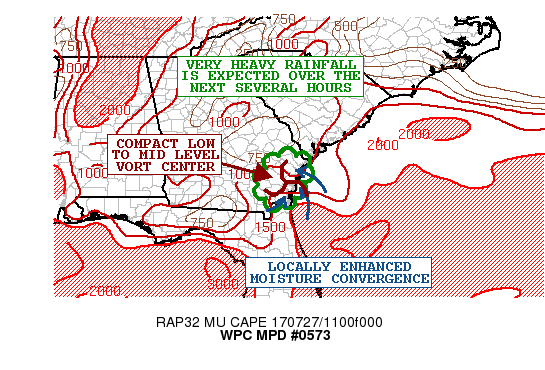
AREAS AFFECTED...SOUTHEAST GA

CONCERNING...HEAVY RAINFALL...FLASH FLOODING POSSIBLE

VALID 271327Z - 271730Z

SUMMARY...A SMALL CLUSTER OF SLOW-MOVING SHOWERS AND THUNDERSTORMS
HAS BEEN DEVELOPING AND EXPANDING IN COVERAGE OVER THE LAST COUPLE
OF HOURS. SOME FURTHER ORGANIZATION IS EXPECTED OVER THE NEXT FEW
HOURS...AND VERY HEAVY RAINFALL AMOUNTS WILL BE POSSIBLE. EXPECT
SOME FLASH FLOODING AND/OR RUNOFF PROBLEMS TO BE POSSIBLE AS A
RESULT.

DISCUSSION...A RATHER COMPACT LOW TO MID LEVEL VORT
CENTER/CIRCULATION OVER SOUTHEAST GA HAS BECOME CONVECTIVELY
ACTIVE OVER THE TWO HOURS AND IS EXPECTED TO GAIN SOME ADDITIONAL
CONVECTIVE ORGANIZATION OVER THE NEXT FEW HOURS AS SOME TIGHTENING
OF THE LOW TO MID LEVEL VORTICITY AND STRONGER SURFACE CONVERGENCE
SETS UP. ALREADY THE LATEST RAP ANALYSIS SHOWS SHOWS A MOISTURE
CONVERGENCE MAXIMA OVER SOUTHEAST GA INLAND OF THE COAST AND
COINCIDENT WITH THE NORTHWEST FLANK OF WHAT APPEARS TO BE A WEAK
SURFACE LOW CENTER NEAR OR JUST OFFSHORE.

THE AIRMASS AROUND THIS CIRCULATION IS VERY MOIST WITH PWATS OF
2.2 TO 2.4 INCHES AND WITH PLENTY OF INSTABILITY POOLED ALONG AND
JUST OFFSHORE THAT IS EXPECTED TO BE TAPPED BY THE AFOREMENTIONED
ENERGY.

THE LATEST HRRR AND ESPECIALLY THE HRRRX GUIDANCE SUPPORT SOME
VERY HEAVY RAINFALL TOTALS THROUGH EARLY AFTERNOON...WITH LOCALLY
AS MUCH AS 4 TO 6+ INCHES POSSIBLE...WHICH SEEMS REASONABLE GIVEN
A LIKELIHOOD OF RAINFALL RATES PERHAPS EXCEEDING 3 INCHES/HR. SOME
RUNOFF PROBLEMS AND/OR FLASH FLOODING WILL BE POSSIBLE. WILL
CONTINUE TO MONITOR.